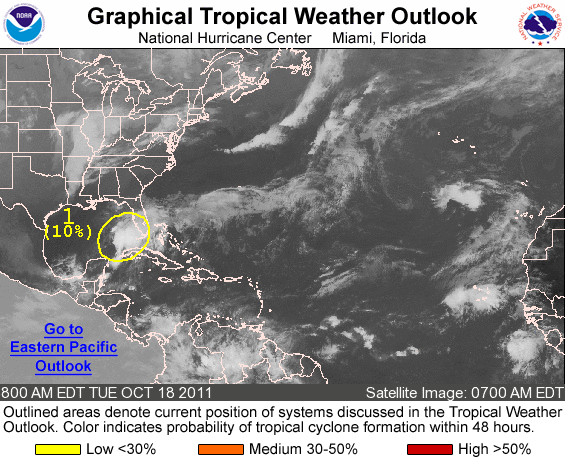
FOR THE NORTH ATLANTIC...CARIBBEAN SEA AND THE GULF OF MEXICO...

1. A BROAD...ELONGATED...AREA OF LOW PRESSURE LOCATED OVER THE CENTRAL GULF OF MEXICO CONTINUES TO PRODUCE A LARGE AREA OF HEAVY SHOWERS AND THUNDERSTORMS FROM WESTERN CUBA NORTHEASTWARD ACROSS FLORIDA. SURFACE OBSERVATIONS INDICATE THAT WINDS TO TROPICAL STORM FORCE ARE STILL OCCURRING OVER PORTIONS OF THE SOUTHEASTERN GULF OF MEXICO. THIS LOW IS EXPECTED TO MERGE WITH A COLD FRONT...AND THE POTENTIAL FOR DEVELOPMENT HAS DECREASED. THIS SYSTEM HAS A LOW CHANCE...10 PERCENT...OF BECOMING A TROPICAL CYCLONE DURING THE NEXT 48 HOURS AS IT MOVES NORTH-NORTHEASTWARD AT 10 TO 15 MPH LATER TODAY. LOCALLY HEAVY RAINFALL...GUSTY WINDS...AND POSSIBLE SEVERE WEATHER OVER THE FLORIDA KEYS...THE FLORIDA PENINSULA...SOUTHERN GEORGIA...AND COASTAL SECTIONS OF THE CAROLINAS ARE EXPECTED OVER THE NEXT DAY OR SO. FOR INFORMATION SPECIFIC TO YOUR AREA PLEASE SEE STATEMENTS ISSUED BY YOUR LOCAL NATIONAL WEATHER SERVICE FORECAST OFFICE.

ELSEWHERE...TROPICAL CYCLONE FORMATION IS NOT EXPECTED DURING THE NEXT 48 HOURS.

FORECASTER CANGIALOSI/PASCH